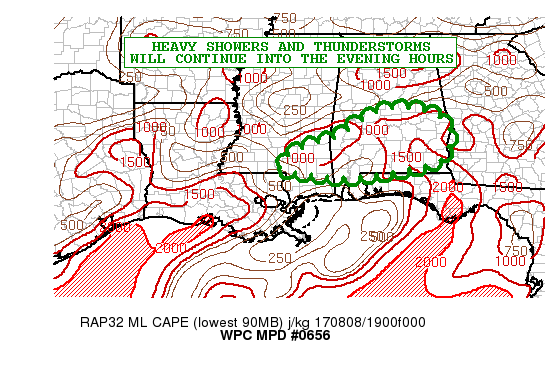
AREAS AFFECTED...SOUTHEAST MS....CENTRAL/SOUTHERN AL

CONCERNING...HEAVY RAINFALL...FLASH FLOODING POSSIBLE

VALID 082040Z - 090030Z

SUMMARY...SLOW-MOVING SHOWERS AND THUNDERSTORMS WILL CONTINUE THIS
EVENING. HEAVY RAINFALL RATES UP TO 3 INCHES/HR AND THE SLOW CELL
MOTION MAY RESULT IN SOME FLASH FLOODING CONCERNS.

DISCUSSION...THE LATE-DAY EXPERIMENTAL GOES-16 0.64 MICRON/VIS
IMAGERY SHOWS NUMEROUS SHOWERS AND THUNDERSTORMS GAINING SOME
ORGANIZATION OVER PARTS OF SOUTHERN MS AND CENTRAL/SOUTHWEST AL.
THE ACTIVITY IS FOCUSING WITHIN A VERY MOIST/UNSTABLE AIRMASS
WHERE STRONGER DIURNAL HEATING OVER THE LAST COUPLE OF HOURS HAS
ENHANCED SURFACE-BASED INSTABILITY. THE LOW LEVEL FLOW IS ALSO
LARGELY CONFLUENT AND THUS PROVIDING SOME ADDITIONAL SURFACE
CONVERGENCE/FORCING.

PWATS ARE BETWEEN 2.2 AND 2.4 INCHES AND WITH SUCH A DEEP COLUMN
OF MOISTURE...RAINFALL RATES ARE QUITE HEAVY AND WILL BE
APPROACHING 3 INCHES/HR IN SOME CASES WITHIN THE STRONGER
CONVECTIVE CORES OVER THE NEXT COUPLE OF HOURS.

THE HIRES MODEL GUIDANCE IS DOING A VERY POOR JOB OF HANDING THE
CURRENT ACTIVITY...BUT THE THINKING IS THAT AREAS OF SOUTHERN MS
EAST-NORTHEAST ACROSS AREAS OF CENTRAL/SOUTHERN AL WILL SEE A
RELATIVELY ORGANIZED AXIS OF CONVECTION INTO THE EARLY EVENING
HOURS WITH SOME LOCALLY VERY HEAVY RAINFALL TOTALS. EXPECT AS MUCH
AS 3 TO 5 INCHES OF RAIN WITH ISOLATED HEAVIER AMOUNTS POSSIBLE.
THIS WILL RESULT IN SOME AREAS OF EXTENSIVE RUNOFF AND POSSIBLE
FLASH FLOODING.